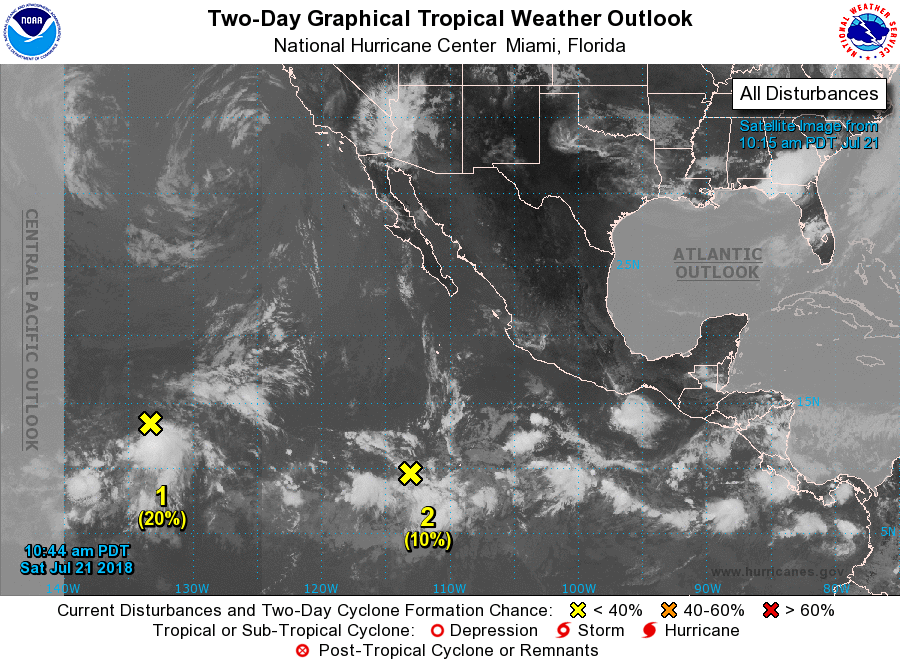
For the eastern North Pacific...east of 140 degrees west longitude:

1. Showers and thunderstorms associated with an area of low pressure located about 1700 miles west-southwest of the southern tip of the Baja California peninsula have become a little better organized since yesterday. However, the system is already embedded within unfavorable upper-level winds and additional development appears unlikely. The low is expected to move westward at 15 to 20 mph and cross into the Central Pacific basin on late Sunday or early Monday.
* Formation chance through 48 hours...low...20 percent.
* Formation chance through 5 days...low...20 percent.

2. Another area of disturbed weather is located several hundred miles south of the southwest coast of Mexico. Although there are no signs of organization at this time, conditions are forecast to become more conducive for development and a tropical depression could form early next week. This disturbance is expected to move toward the west-northwest at 15 to 20 mph during the next several days.
* Formation chance through 48 hours...low...10 percent.
* Formation chance through 5 days...medium...60 percent.

3. And yet another area of low pressure is likely to form early next week several hundred miles south of the southern coast of Mexico. Environmental conditions appear to be conducive for gradual development of this system while it moves toward the west or west-northwest well south of Mexico.
* Formation chance through 48 hours...low...near 0 percent.
* Formation chance through 5 days...medium...40 percent.

Forecaster Beven